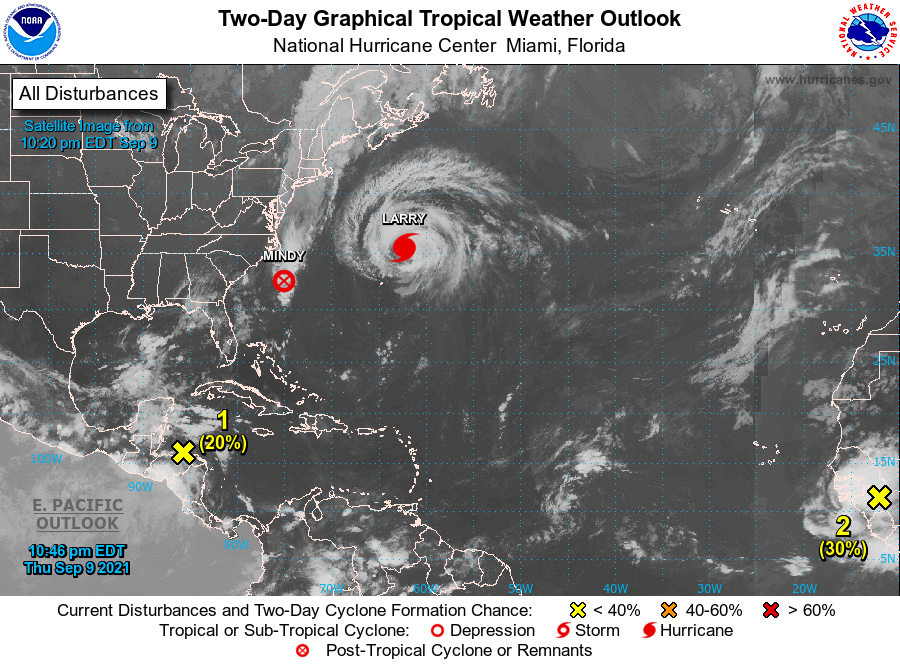
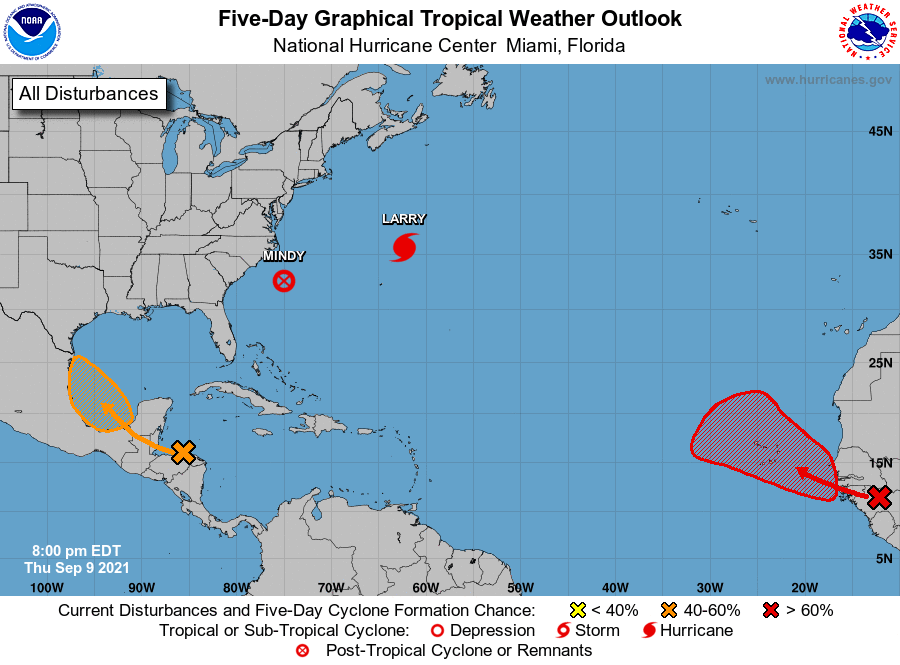
For the North Atlantic...Caribbean Sea and the Gulf of Mexico:

The National Hurricane Center is issuing advisories on Hurricane Larry, located over the western Atlantic a few hundred miles northeast of Bermuda, and on Tropical Depression Mindy, located offshore the southeast coast of the United States.

1. The northern portion of a tropical wave is producing disorganized showers and thunderstorms over northeastern Honduras and the western Caribbean Sea. This system is forecast to move into the Bay of Campeche and merge with a pre-existing surface trough located over the southwestern Gulf of Mexico by this weekend. Environmental conditions are expected to be conducive to support some gradual development, and a tropical depression could form by early next week before the system moves inland over mainland Mexico.
* Formation chance through 48 hours...low...20 percent.
* Formation chance through 5 days...medium...40 percent.

2. A strong tropical wave is expected to emerge off of the west coast of Africa in the next day or so. Environmental conditions are forecast to be conducive for development thereafter, and a tropical depression is likely to form by early next week as the system moves west-northwestward over the far eastern Atlantic near the Cabo Verde Islands.
* Formation chance through 48 hours...low...30 percent.
* Formation chance through 5 days...high...70 percent.

Forecaster Papin